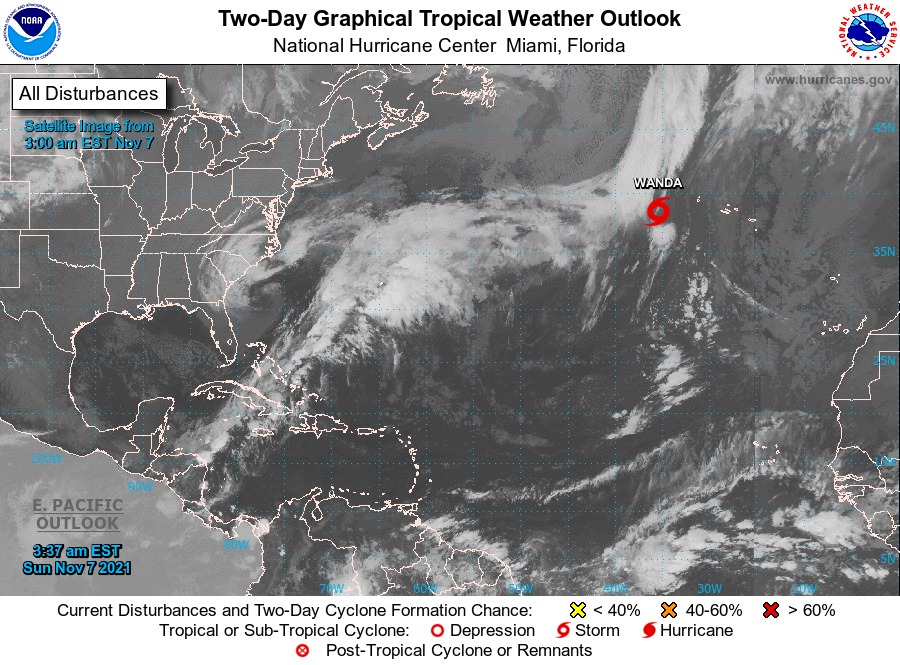
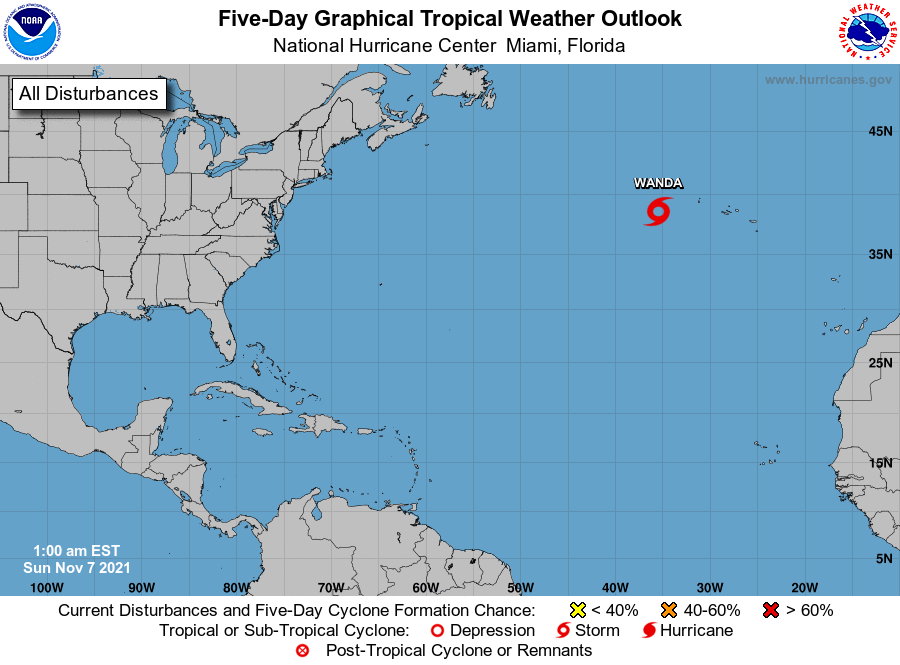
For the North Atlantic...Caribbean Sea and the Gulf of Mexico:

The National Hurricane Center is issuing advisories on Tropical Storm Wanda, located several hundred miles west of the Azores.

Tropical cyclone formation is not expected during the next 5 days.

Forecaster Stewart